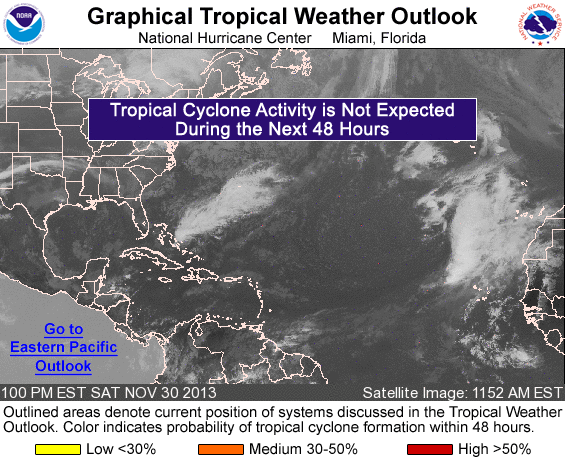
FOR THE NORTH ATLANTIC...CARIBBEAN SEA AND THE GULF OF MEXICO...

TROPICAL CYCLONE FORMATION IS NOT EXPECTED DURING THE NEXT 5 DAYS.

&&
FIVE-DAY FORMATION PROBABILITIES ARE EXPERIMENTAL IN 2013. COMMENTS ON THE EXPERIMENTAL FORECASTS CAN BE PROVIDED AT...

HTTP://WWW.NWS.NOAA.GOV/SURVEY/NWS-SURVEY.PHP?CODE=ETWO

FORECASTER BRENNAN